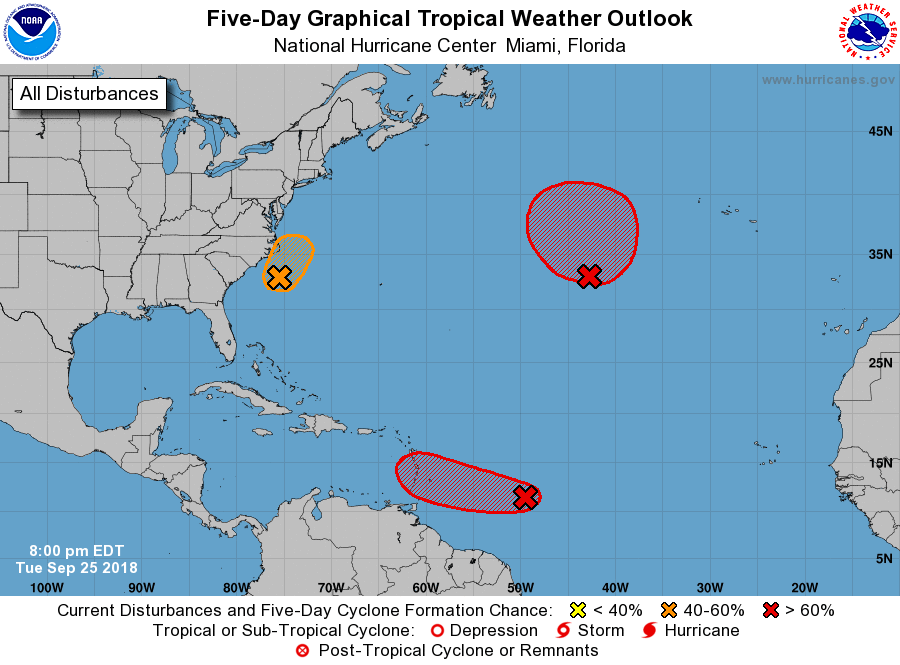
For the North Atlantic...Caribbean Sea and the Gulf of Mexico:

1. Reports from an Air Force Reserve Hurricane Hunter aircraft indicate that the circulation associated with the low pressure area centered about 175 miles south of Cape Hatteras, North Carolina, has become better defined. However, the associated shower and thunderstorm activity remains disorganized, and the low has not yet developed into a tropical depression. Some additional development is possible tonight as the low moves northward near or over portions of extreme eastern North Carolina. After tonight, development appears unlikely due to strong upper-level winds while the system moves generally north-northeastward near the eastern United States coast. Regardless of development, this system is likely to bring scattered showers and thunderstorms across portions of eastern South Carolina and eastern North Carolina tonight. In addition, dangerous surf conditions and rip currents are expected along portions of the North Carolina coast tonight. For more information, please see products from your local National Weather Service office.
* Formation chance through 48 hours...medium...50 percent.
* Formation chance through 5 days...medium...50 percent.

2. The remnants of Kirk are located about 750 miles east of the Windward Islands and are moving quickly westward at 20 to 25 mph. The associated shower and thunderstorm activity has become a little better organized during the last several hours, however, the system still appears to lack a closed circulation. This disturbance is likely to redevelop into a tropical cyclone during the next day or two before it moves into an area of highly unfavorable upper-level winds as it approaches the Caribbean Sea. Interests in the Windward and Leeward Islands should monitor the progress of this disturbance as gusty winds and locally heavy rains are likely over the next couple of days even if the system does not redevelop into a tropical cyclone. For more information on this system, see High Seas Forecasts issued by the National Weather Service.
* Formation chance through 48 hours...high...70 percent.
* Formation chance through 5 days...high...70 percent.

3. Post-Tropical Cyclone Leslie is currently centered about 950 miles southwest of the Azores Islands, and it is forecast to meander over the central Atlantic for the next day or so. By Thursday or Friday, Leslie is expected to reacquire subtropical or tropical characteristics while the cyclone moves slowly eastward to east-northeastward over the north-central Atlantic. For more information on this system, see High Seas Forecasts issued by the National Weather Service.
* Formation chance through 48 hours...low...20 percent.
* Formation chance through 5 days...high...80 percent.

High Seas Forecasts issued by the National Weather Service can be found under AWIPS header NFDHSFAT1, WMO header FZNT01 KWBC, and on the Web at https://ocean.weather.gov/shtml/NFDHSFAT1.shtml.

Forecaster Pasch